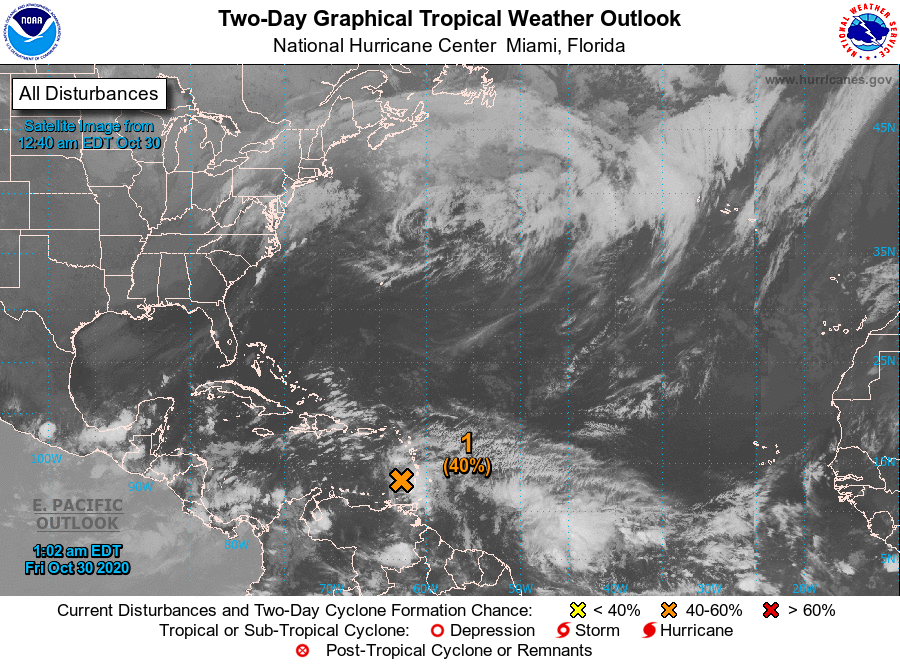
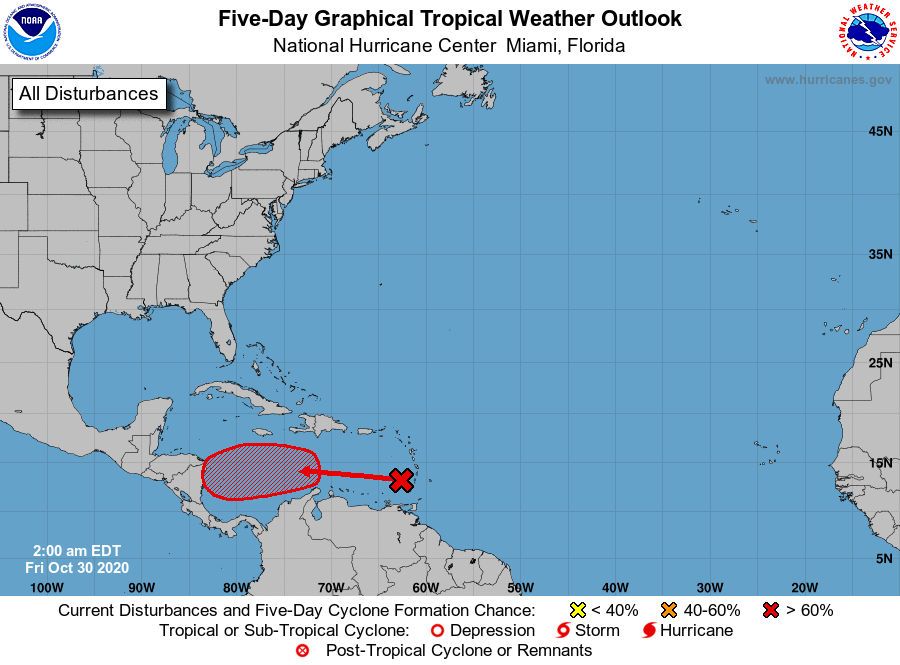
For the North Atlantic...Caribbean Sea and the Gulf of Mexico:

1. Shower activity associated with a large area of disturbed weather over the Lesser Antilles and the eastern Caribbean Sea has become a little more concentrated this evening. Conditions are expected to be conducive for development of this disturbance during the next few days, and a tropical depression is likely to form by the time the system reaches the western Caribbean Sea early next week.
* Formation chance through 48 hours...medium...40 percent.
* Formation chance through 5 days...high...80 percent.

Forecaster Beven